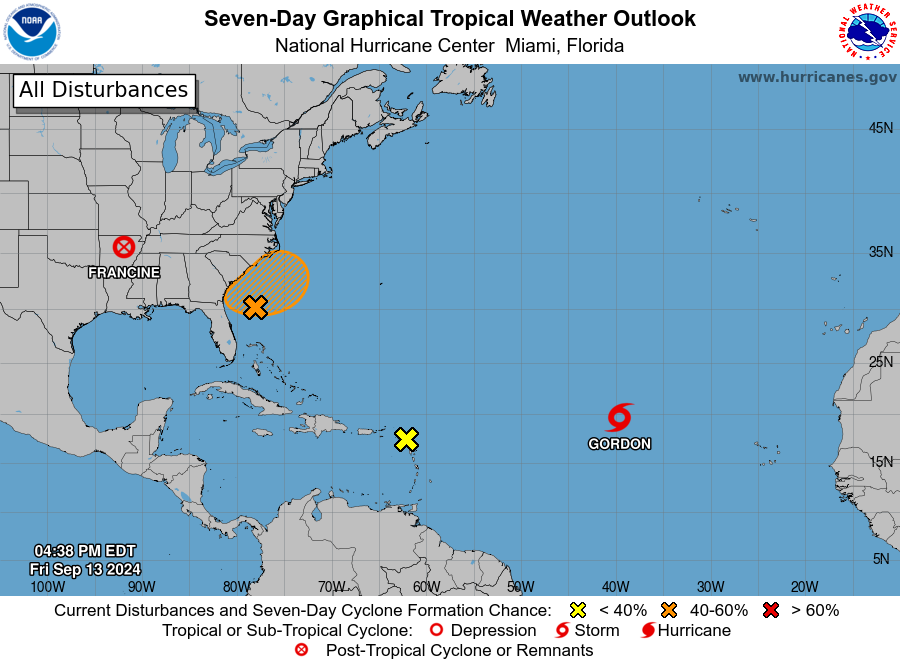
For the North Atlantic...Caribbean Sea and the Gulf of Mexico:

Active Systems: The National Hurricane Center is issuing advisories on recently-upgraded Tropical Storm Gordon, located over the central tropical Atlantic Ocean. The Weather Prediction Center is issuing advisories on Post-Tropical Cyclone Francine, located inland over northeastern Arkansas.

1. Offshore the Southeastern U.S.: A non-tropical area of low pressure could form along a frontal boundary a few hundred miles off the southeastern U.S. coastline this weekend. Thereafter, the low may develop some subtropical or tropical characteristics, and a subtropical or tropical depression could form early next week while the system moves generally northwestward toward the coast. Additional information on this system can be found in products issued by your local National Weather Service Forecast Office and High Seas Forecasts issued by the National Weather Service.
* Formation chance through 48 hours...low...10 percent.
* Formation chance through 7 days...medium...40 percent.

2. Northern Leeward Islands (AL94): An area of low pressure near the Northern Leeward Islands is producing limited shower and thunderstorm activity. Environmental conditions, including the proximity of dry air, do not favor development of this system and development is no longer expected while it moves west-northwestward at about 15 mph.
* Formation chance through 48 hours...low...near 0 percent.
* Formation chance through 7 days...low...near 0 percent.

High Seas Forecasts issued by the National Weather Service can be found under AWIPS header NFDHSFAT1, WMO header FZNT01 KWBC, and online at ocean.weather.gov/shtml/NFDHSFAT1.php

Forecaster Kelly